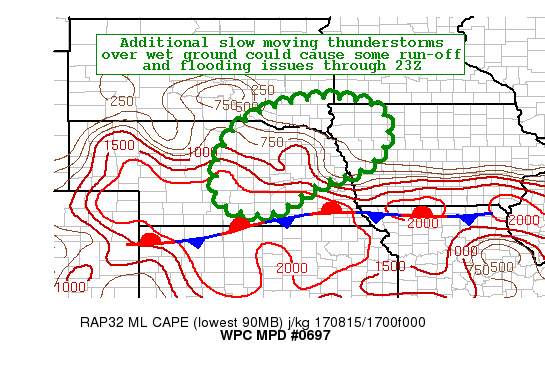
AREAS AFFECTED...NE NEBRASKA...SE SOUTH DAKOTA...NW IOWA

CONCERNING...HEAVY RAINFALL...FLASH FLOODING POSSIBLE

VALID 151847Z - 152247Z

SUMMARY...SLOW MOVING THUNDERSTORMS WITH VERY HEAVY RAINFALL HAVE
DEVELOPED OVER PARTS OF CENTRAL AND EASTERN NEBRASKA EARLY THIS
AFTERNOON, AND WILL LIKELY EXPAND IN COVERAGE OVER THE NEXT FEW
HOURS.

DISCUSSION...RADAR IMAGERY IS SHOWING A CONGEALING CLUSTER OF
INTENSE STORMS WITH RAINFALL RATES IN EXCESS OF 2 INCHES PER HOUR.
 THIS IS IN ASSOCIATION WITH AN INCREASING WARM AIR ADVECTION
PATTERN FOCUSING OVER THE CENTRAL PLAINS AHEAD OF AN UPSTREAM
TROUGH OVER THE CENTRAL ROCKIES.  THE LATEST EXPERIMENTAL GOES 16
IR IMAGERY IS INDICATING EXPANDING COLD CLOUD TOPS WITH THIS
CONVECTION, WITH RADAR ECHO TOPS OF 50KFT.

PWS ACROSS THE REGION ARE IN THE 1.5 TO 1.75 INCH RANGE.  COMBINED
WITH MLCAPE OF 1500 TO 2500 J/KG JUST NORTH OF THE SURFACE FRONT,
THIS IS SUPPORTING THE VERY STRONG UPDRAFTS AND COLD TOPS AS SEEN
ON SATELLITE.  THE CONVECTION SHOULD CONTINUE TO GENERALLY ADVANCE
SLOWLY TOWARDS THE NORTHEAST OVER THE NEXT FEW HOURS AND WILL
AFFECT PARTS OF SOUTHEAST SOUTH DAKOTA AND NORTHWEST IOWA.

EXPECT ADDITIONAL RAINFALL AMOUNTS OF AS MUCH AS 2 TO 4 INCHES
WITH ISOLATED HEAVIER TOTALS.  THE LATEST HI-RES GUIDANCE IS
UNDERDONE WITH THE COVERAGE AND INTENSITY OF THE ONGOING
CONVECTION.  WITH THIS AMOUNT OF RAINFALL FALLING ON SATURATED
GROUND FROM EARLIER RAIN, SOME RUNOFF AND/OR FLASH FLOODING
CONCERNS ARE POSSIBLE, WITH THE BIGGEST THREAT MAINLY OVER ANY
LOCAL URBAN CENTERS.